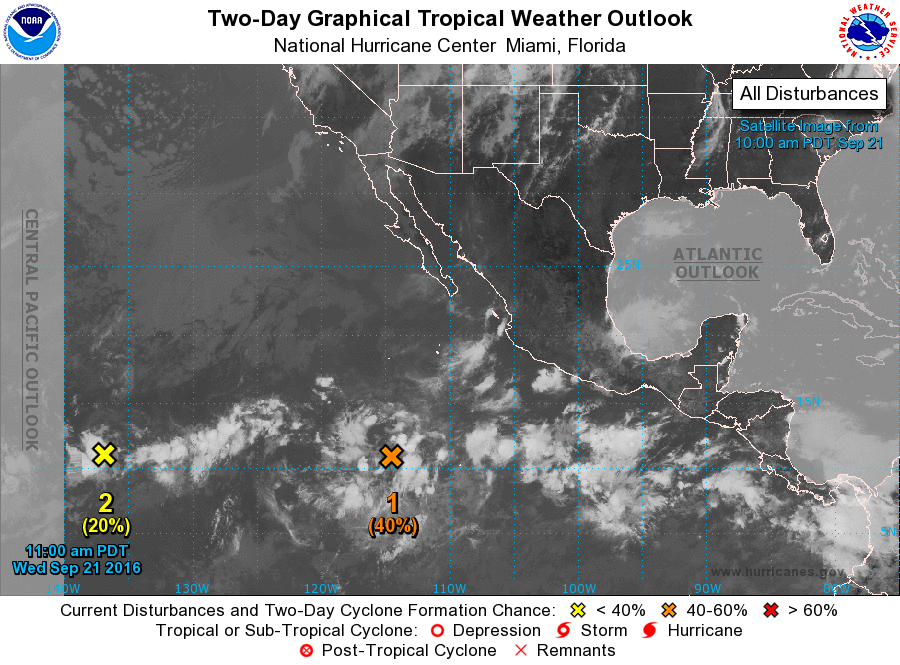
For the eastern North Pacific...east of 140 degrees west longitude:

1. Shower and thunderstorm activity associated with a broad area of low pressure located about 900 miles south-southwest of the southern tip of the Baja California peninsula has not become any better organized since this time yesterday. However, environmental conditions are expected to be conducive for gradual development, and a tropical depression is likely to form later this week or this weekend. This system is forecast to move westward to west-northwestward at around 10 mph for the next couple of days and then turn northward by the weekend.
* Formation chance through 48 hours...medium...40 percent
* Formation chance through 5 days...high...80 percent

2. Shower and thunderstorm activity has become a little more concentrated this morning in association with a weak area of low pressure located about 1350 miles east-southeast of the Big Island of Hawaii. Any additional development of this system is expected to be slow to occur while it moves slowly westward during the next few days.
* Formation chance through 48 hours...low...20 percent
* Formation chance through 5 days...low...30 percent

Forecaster Brennan